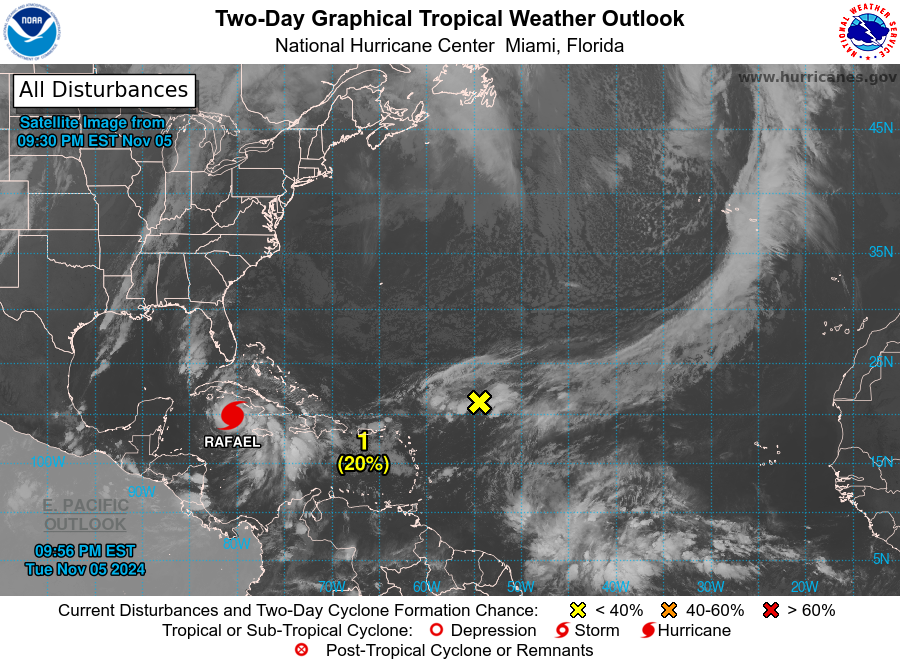
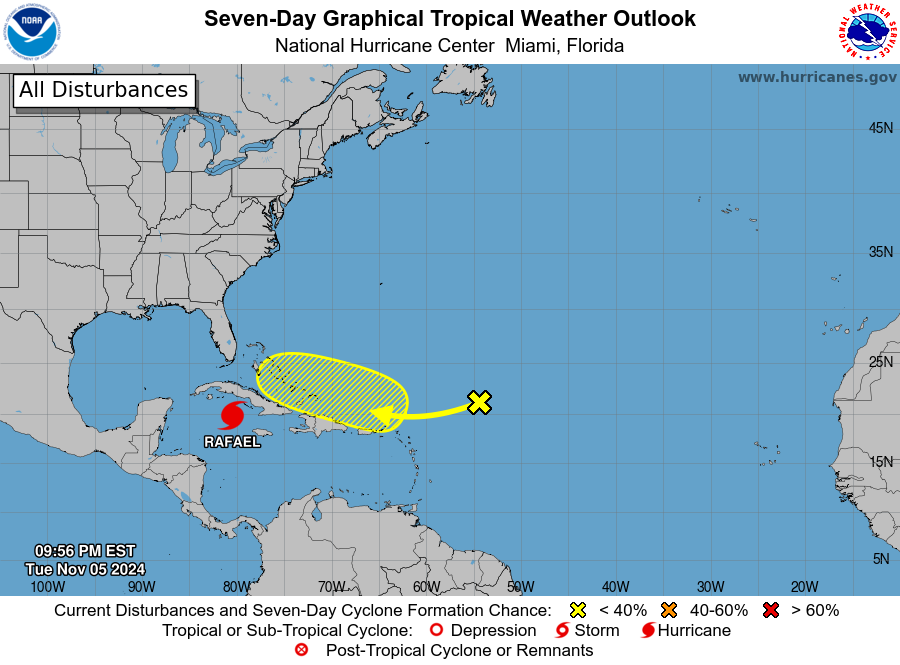
For the North Atlantic...Caribbean Sea and the Gulf of Mexico:

Active Systems: The National Hurricane Center is issuing advisories on Tropical Storm Rafael, located just southeast of Little Cayman Island.

1. Southwestern Atlantic: An elongated trough of low pressure is producing disorganized showers and thunderstorms several hundred miles east-northeast of the Leeward Islands. A portion of this system is forecast to begin moving westward by early Wednesday, and an area of low pressure could form near the northern Leeward Islands by Wednesday night. Afterward, some slow development of this system is possible during the latter part of the week while it moves generally westward, passing near or north of the Virgin Islands and Puerto Rico on Thursday, and approaching the Southeast Bahamas by Friday.
* Formation chance through 48 hours...low...20 percent.
* Formation chance through 7 days...low...30 percent.

Forecaster Hagen